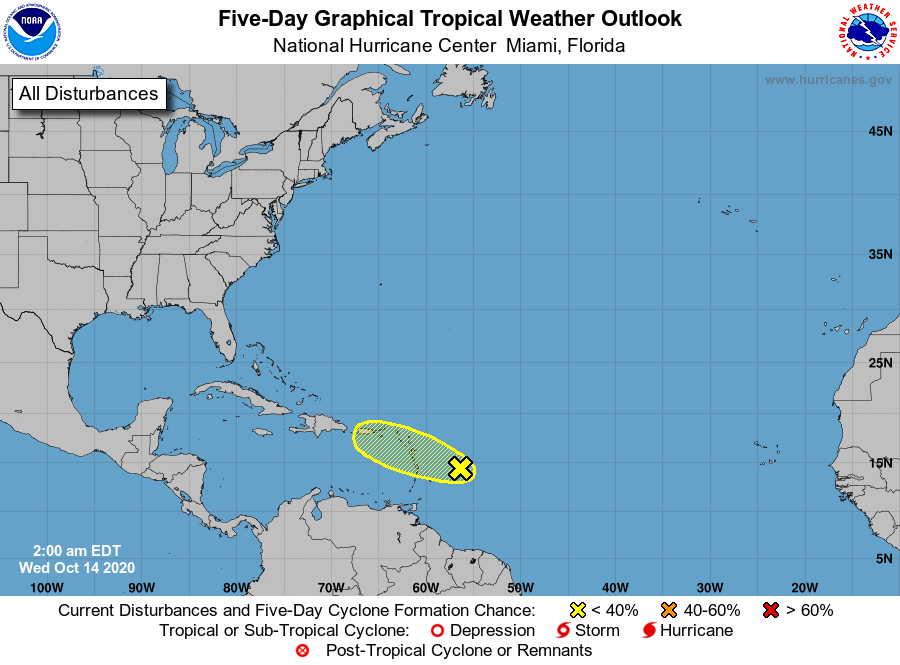
For the North Atlantic...Caribbean Sea and the Gulf of Mexico:

1. A broad area of low pressure located a few hundred miles east of the Windward Islands continues to produce a large area of disorganized showers and thunderstorms, mainly to the east of its center. Strong upper-level winds are expected to inhibit significant development while the system moves west-northwestward over the next couple of days. Regardless of development, the system could produce locally heavy rainfall across portions of the central and northern Lesser Antilles today, the Virgin Islands and Puerto Rico on Thursday, and Hispaniola on Friday.
* Formation chance through 48 hours...low...10 percent.
* Formation chance through 5 days...low...10 percent.

Forecaster Brown